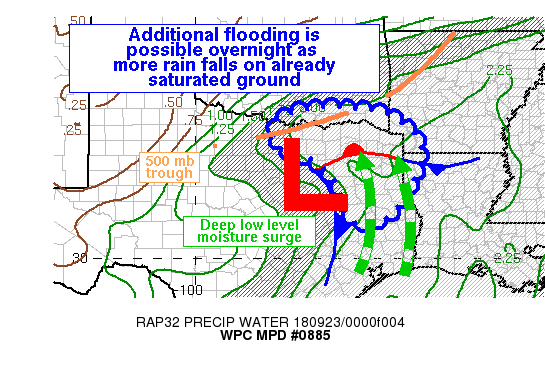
Areas affected...Southeast OK and Northeast TX

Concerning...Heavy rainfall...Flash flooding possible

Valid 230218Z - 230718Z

Summary...Moderate to heavy showers are expected to continue
across already saturated ground into the early morning hours.
This additional rainfall will only exacerbate ongoing flooding
issues over northeast Texas and southeast Oklahoma.

Discussion...Regional Doppler radar imagery is indicating a
gradual increase in shower activity associated with a slow moving
surface low over northeast Texas.  Although infrared satellite
imagery is not particularly impressive over this area, there is
some gradual expansion of colder cloud tops near the Red River,
which is coincident with the higher rainfall rates that are on the
order of an inch per hour.  Ascent is being aided by a nearby
500mb shortwave, converging 850mb flow, and right entrance upper
jet dynamics.

The anomalously high PW values ahead of the slow moving cold front
across eastern Texas is indicative of a tropical airmass with deep
warm cloud layers and efficient rainfall processes.  GPS derived
PW values are on the order of 2.2 to 2.4 inches, which is
supported by the 00Z SHV sounding with a 2.33 inch PW.

An aggravating factor in the flooding potential is the very low
flash flood guidance values owing to the heavy rainfall over the
past 2 days, in some cases under 1 inch in 3 hours.  The latest
suite of high res guidance has overall been too quick to develop
heavier QPF, however recent radar trends would support additional
rainfall amounts of 1 to locally 3 inches through 2am local time.
The ARW and NMMB appear to have a reasonable depiction of the
expected evolution, and flash flooding is considered possible.